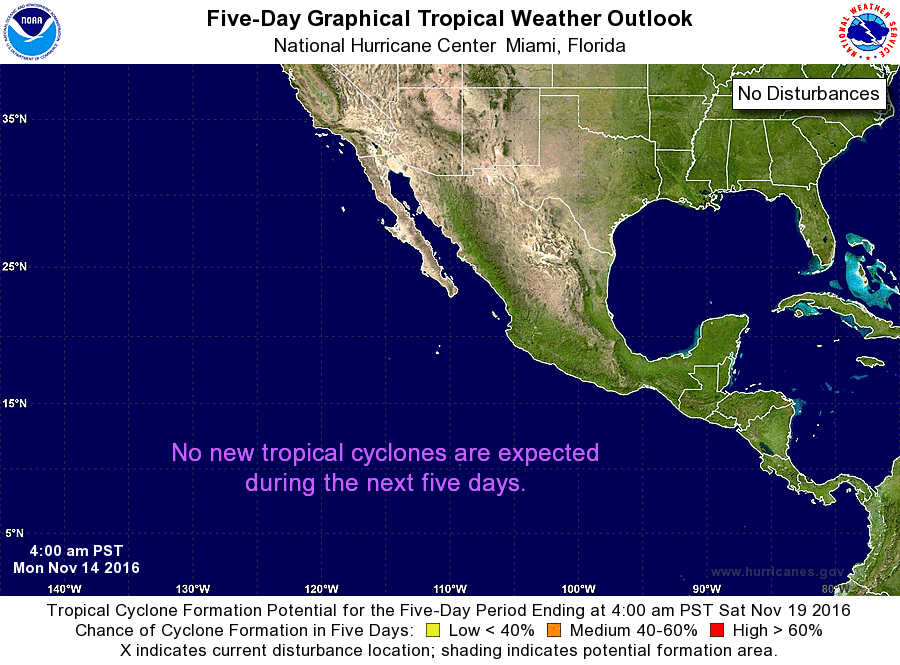
For the eastern North Pacific...east of 140 degrees west longitude:

The National Hurricane Center is issuing advisories on Tropical Storm Tina, located a couple of hundred miles west of Manzanillo, Mexico.

Tropical Cyclone formation is not expected during the next 5 days.

&&
Public Advisories on Tina are issued under WMO header WTPZ31 KNHC and under AWIPS header MIATCPEP1. Forecast/Advisories on Tina are issued under WMO header WTPZ21 KNHC and under AWIPS header MIATCMEP1.

Forecaster Cangialosi